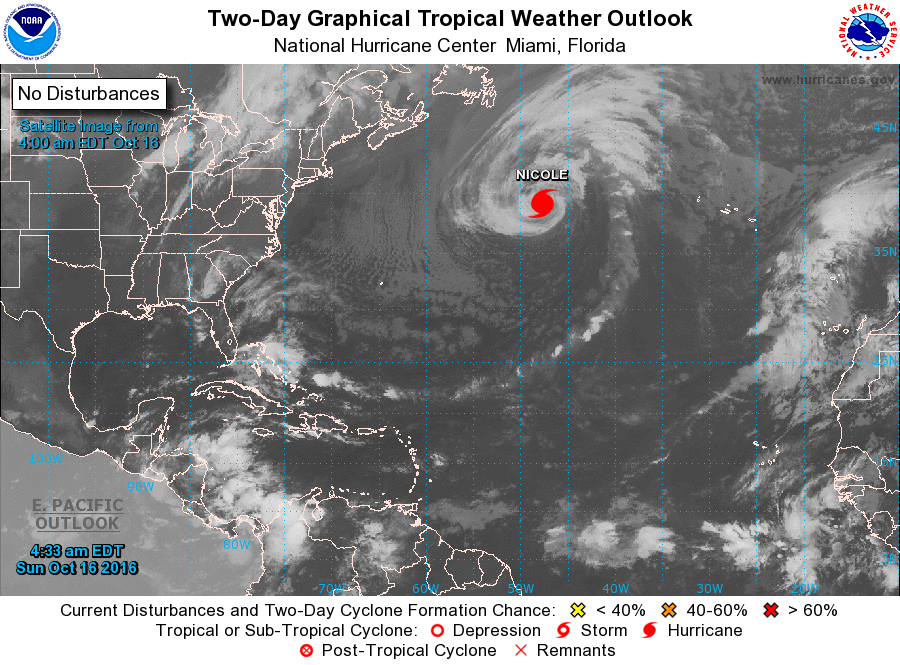
For the North Atlantic...Caribbean Sea and the Gulf of Mexico:

The National Hurricane Center is issuing advisories on Hurricane Nicole, located in the central North Atlantic.

Tropical cyclone formation is not expected during the next 5 days.

Forecaster Avila